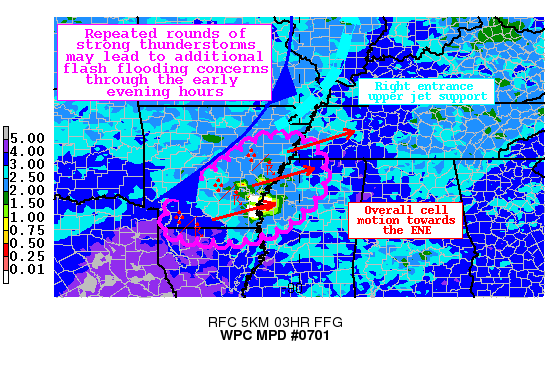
Areas affected...Eastern AR...Northwest MS...Northeast LA

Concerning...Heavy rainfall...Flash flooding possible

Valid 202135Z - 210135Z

Summary...Additional heavy rain from repeated rounds of convection
is likely over saturated grounds, and this could cause additional
flooding early this evening.

Discussion...Regional Doppler radars and GOES-16 satellite imagery
have been showing an increase in shower and thunderstorm activity
over central and southern Arkansas ahead of a cold front.  The
convection is developing in response to increasing destabilization
in the boundary layer and diffluent flow aloft with PWs expected
to approach 2.2 inches per the latest RAP model analysis.  MLCAPE
is forecast to increase to near 3000 J/kg for the ArkLaMiss region
along with mid to upper 70s surface dew points.  Model forecast
soundings are suggesting deep layer unidirectional flow from the
west-southwest and this will support back-building convection and
therefore periods of very heavy rain with rates near 2 inches per
hour at times.

The latest suite of high res model guidance continues to depict
patchy areas of 1 to 2 inches of rain through 8:30 pm local time,
with isolated higher amounts possible.  An aggravating factor is
the extremely wet antecedent conditions and therefore very low FFG
values, particularly over the Mississippi Delta region where
several inches of rain has already fallen earlier today.